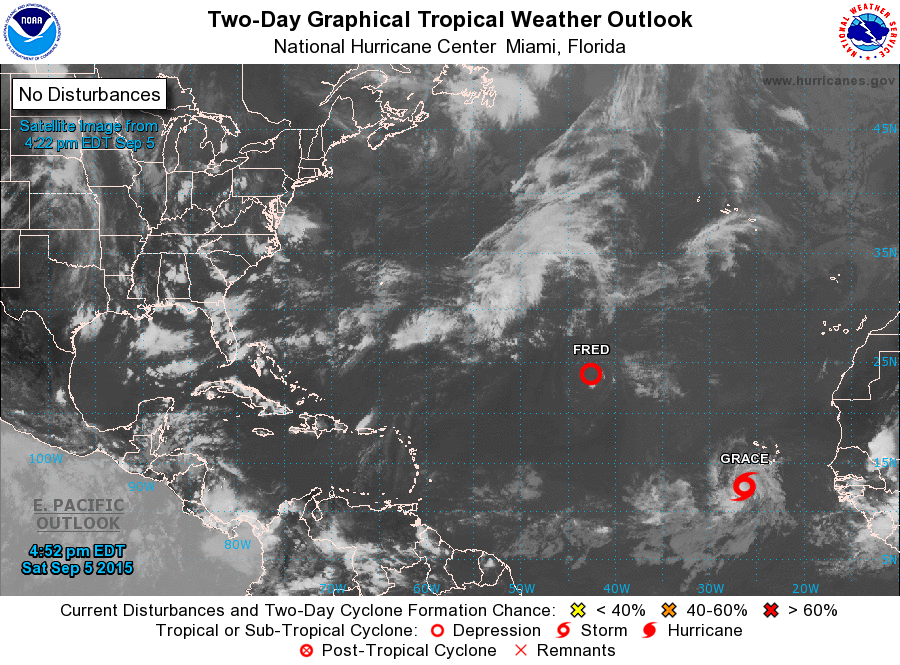
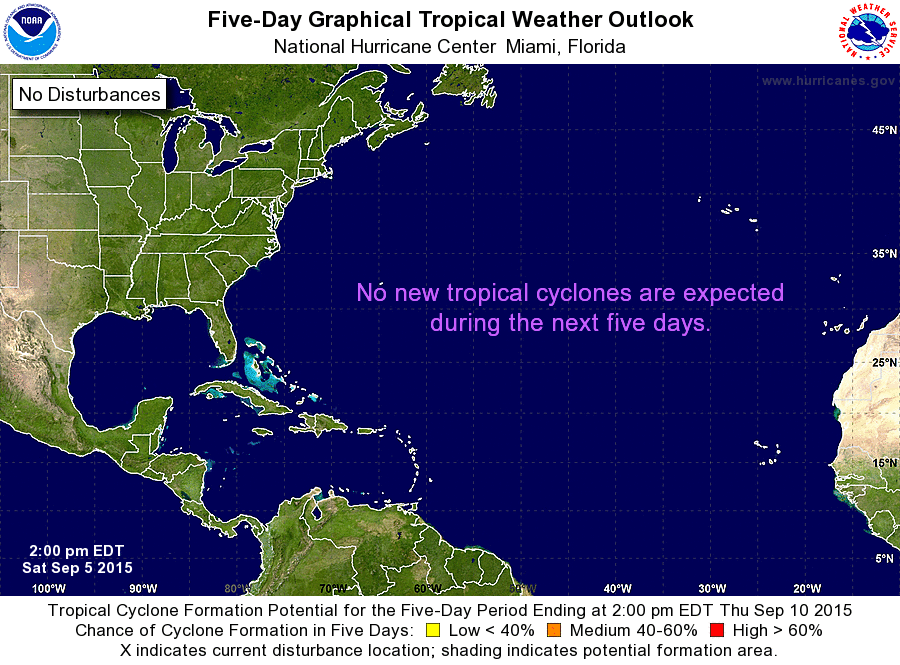
For the North Atlantic...Caribbean Sea and the Gulf of Mexico:

The National Hurricane Center is issuing advisories on Tropical Storm Fred, located more than a thousand miles southwest of the Azores, and on newly formed Tropical Depression Seven, located a couple of hundred miles south of the Cape Verde Islands.

Tropical cyclone formation is not expected during the next 5 days.

&&
Public Advisories on Tropical Depression Seven are issued under WMO header WTNT32 KNHC and under AWIPS header MIATCPAT2). Forecast/Advisories are issued under WMO header WTNT22 KNHC and under AWIPS header MIATCMAT2.

Forecaster Avila